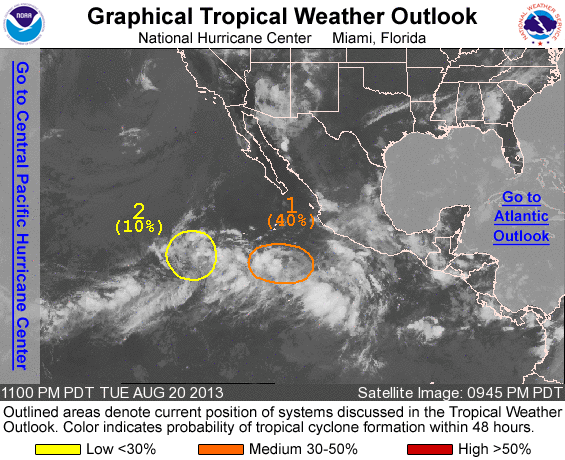
FOR THE EASTERN NORTH PACIFIC...EAST OF 140 DEGREES WEST LONGITUDE..

1. A BROAD AREA OF LOW PRESSURE LOCATED ABOUT 500 MILES SOUTHWEST OF MANZANILLO MEXICO CONTINUES TO SLOWLY BECOMING BETTER ORGANIZED. ENVIRONMENTAL CONDITIONS APPEAR TO BE CONDUCIVE FOR ADDITIONAL DEVELOPMENT...AND A TROPICAL DEPRESSION COULD FORM DURING THE NEXT COUPLE OF DAYS. THIS SYSTEM HAS A MEDIUM CHANCE...40 PERCENT...OF BECOMING A TROPICAL CYCLONE DURING THE NEXT 48 HOURS...AND A HIGH CHANCE...80 PERCENT...OF BECOMING A TROPICAL CYCLONE DURING THE NEXT FIVE DAYS WHILE IT MOVES NORTHWESTWARD AND THEN NORTH-NORTHWESTWARD.

2. A POORLY-ORGANIZED AREA OF DISTURBED WEATHER IS LOCATED ABOUT 900 MILES SOUTHWEST OF THE SOUTHERN TIP OF THE BAJA CALIFORNIA PENINSULA. SOME DEVELOPMENT OF THIS SYSTEM IS POSSIBLE DURING THE NEXT SEVERAL DAYS. THIS DISTURBANCE HAS A LOW CHANCE... 10 PERCENT...OF BECOMING A TROPICAL CYCLONE DURING THE NEXT 48 HOURS...AND A MEDIUM CHANCE...40 PERCENT...OF BECOMING A TROPICAL CYCLONE DURING THE NEXT 5 DAYS WHILE IT REMAINS NEARLY STATIONARY OR MOVES SLOWLY NORTHWARD.

FIVE-DAY FORMATION PROBABILITIES ARE EXPERIMENTAL IN 2013. COMMENTS ON THE EXPERIMENTAL FORECASTS CAN BE PROVIDED AT...

HTTP://WWW.NWS.NOAA.GOV/SURVEY/NWS-SURVEY.PHP?CODE=ETWO

FORECASTER BEVEN